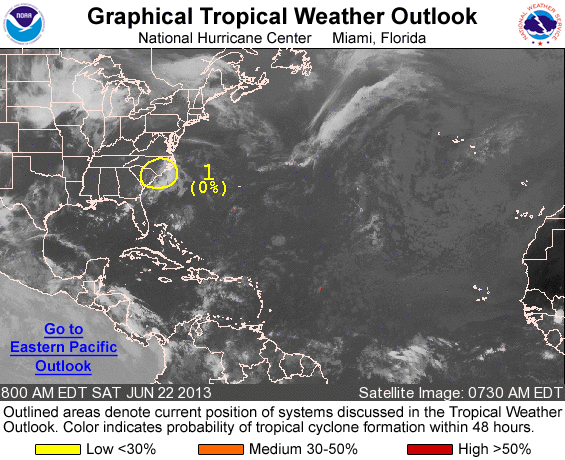
FOR THE NORTH ATLANTIC...CARIBBEAN SEA AND THE GULF OF MEXICO...

1. A WEAK LOW PRESSURE AREA IS MOVING INLAND NEAR THE BORDER OF NORTH CAROLINA AND SOUTH CAROLINA. THIS LOW IS EXPECTED TO MOVE NORTHWARD OVER NORTH CAROLINA TODAY...SPREADING SHOWERS AND A FEW THUNDERSTORMS. THIS SYSTEM HAS A LOW CHANCE...NEAR 0 PERCENT...OF BECOMING A TROPICAL CYCLONE DURING THE NEXT 48 HOURS.

ELSEWHERE...TROPICAL CYCLONE FORMATION IS NOT EXPECTED DURING THE NEXT 48 HOURS.

FORECASTER AVILA